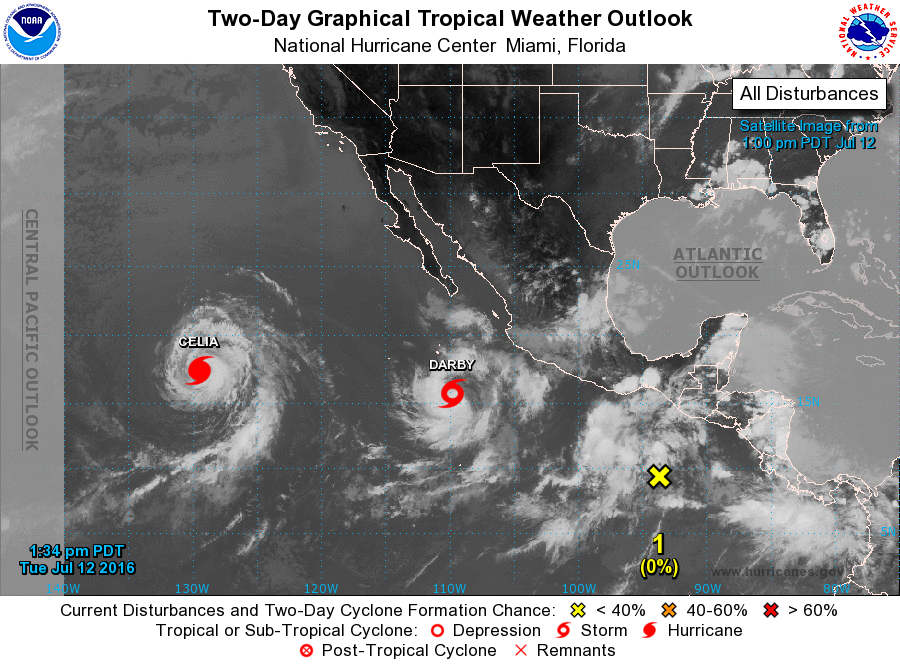
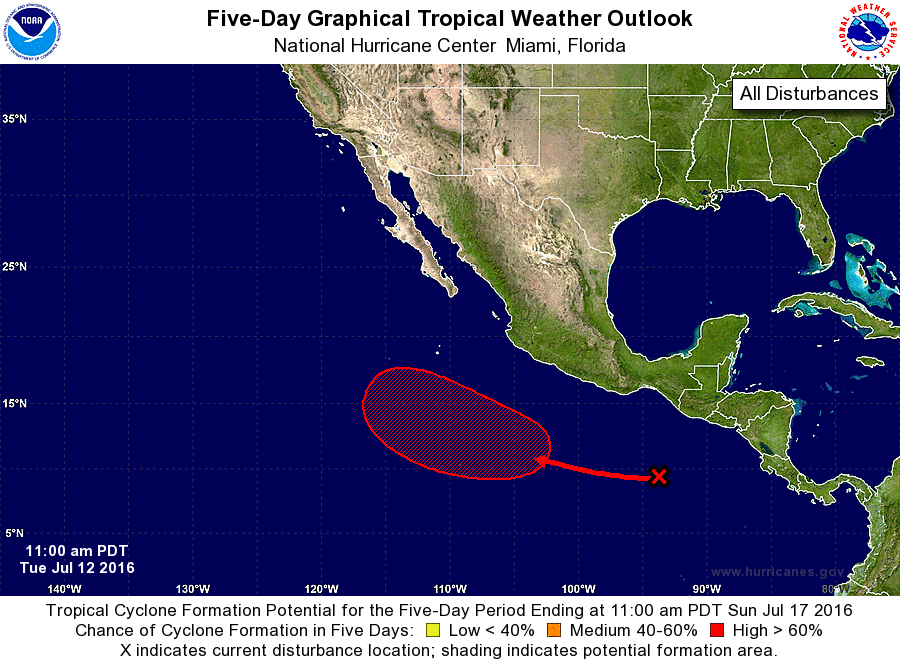
For the eastern North Pacific...east of 140 degrees west longitude:

The National Hurricane Center is issuing advisories on Hurricane Celia, located more than 1000 miles west-southwest of the southern tip of the Baja California peninsula, and on recently upgraded Tropical Storm Darby, located a few hundred miles southwest of Manzanillo, Mexico.

1. A tropical wave located south of the Gulf of Tehuantepec is producing disorganized shower and thunderstorm activity. Environmental conditions are forecast to be conducive for this system to become a tropical depression over the weekend while it moves westward to west-northwestward at 10 to 15 mph.
* Formation chance through 48 hours...low...near 0 percent
* Formation chance through 5 days...high...70 percent

Public Advisories on Darby are issued under WMO header WTPZ35 KNHC and under AWIPS header MIATCPEP5. Forecast/Advisories on Darby are issued under WMO header WTPZ25 KNHC and under AWIPS header MIATCMEP5.

Forecaster Berg